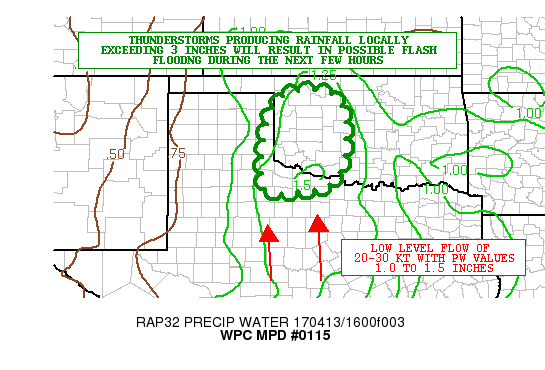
AREAS AFFECTED...NORTHWEST TX...WESTERN/CENTRAL OK

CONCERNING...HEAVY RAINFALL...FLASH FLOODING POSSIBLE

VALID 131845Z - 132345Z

SUMMARY...THUNDERSTORMS WILL PRODUCE LOCAL RAINFALL OF 2 TO 4
INCHES OVER NORTHWEST TEXAS AND WEST-CENTRAL OKLAHOMA...RESULTING
IN THE POSSIBILITY OF FLASH FLOODING.

DISCUSSION...THE LATEST SATELLITE AND RADAR IMAGERY SHOW
THUNDERSTORMS INCREASING OVER NORTHWEST TX AND EXTENDING NORTHEAST
INTO WEST-CENTRAL OK. THE AIR MASS IS QUITE MOIST ACROSS THIS
REGION WITH PRECIPTITABLE WATER VALUES OF 1.0 TO 1.5 INCHES...AND
INSTABLILITY HAS BEEN INCREASING DURING THE LAST SEVERAL HOURS
WITH MUCAPE IN THE SOUTHWEST PORTION OF THE THUNDERSTORM COMPLEX
AROUND 1000 J/KG. THERE HAS ALSO BEEN SLIGHT BACKBUILDING OF THE
STORMS INTO THE MORE UNSTABLE ENVIRONMENT OVER THE ROLLING PLAINS
REGION OF TX JUST SOUTH OF THE PANHANDLE...WHERE LOCAL RAINFALL OF
JUST OVER AN INCH HAS ALREADY FALLEN.

THE CAPE SHOULD CONTINUE TO INCREASE ACROSS THE THREAT AREA FOR
THE NEXT SEVERAL HOURS...AND HIGH RESOLUTION MODELS AGREE THAT
RAINFALL WILL INCREASE. IN FACT...THE 12Z ARW/NMMB AND THE LAST
FEW RUNS OF THE HRRR HAVE SHOWN A CONSISTENT SIGNAL FOR HEAVIER
RAINFALL THIS AFTERNOON AS CONVECTION INCREASES A BIT MORE IN
ORGANIZATION AND TENDS TO LIFT SLOWLY OFF TO THE NORTHEAST. LOCAL
RAINFALL ACCUMULATIONS OF 2 TO 4 INCHES ARE EXPECTED...WITH THE
HEAVIEST RAINFALL AMOUNTS LIKELY OCCURRING IN THE VICINITY OF THE
RED RIVER VALLEY BETWEEN ROUGHLY CHILDRESS AND WICHITA FALLS...BUT
THE THREAT ALSO EXISTS ACROSS MUCH OF WEST-CENTRAL OK THIS
AFTERNOON.

GIVEN THE EXPECTED RAINFALL TOTALS AND THE POTENTIAL FOR
SHORT-TERM RAINFALL RATES REACHING AS HIGH AS 2
INCHES/HOUR...THERE WILL BE SOME POTENTIAL FOR FLASH FLOODING OVER
THE NEXT SEVERAL HOURS.